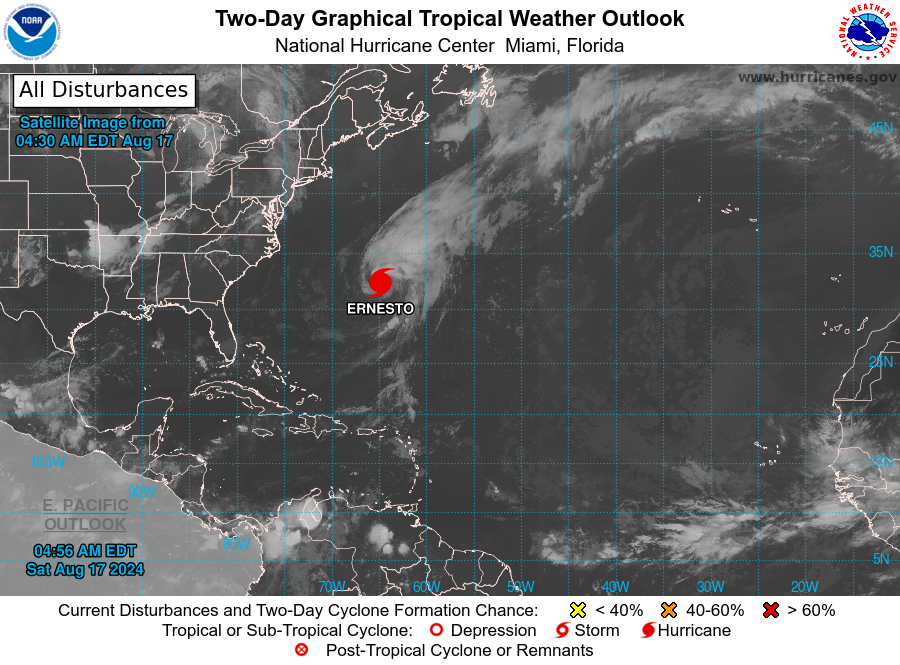
For the North Atlantic...Caribbean Sea and the Gulf of Mexico:

Active Systems: The National Hurricane Center is issuing advisories on Hurricane Ernesto, located near Bermuda.

Tropical cyclone formation is not expected during the next 7 days.

Forecaster Kelly